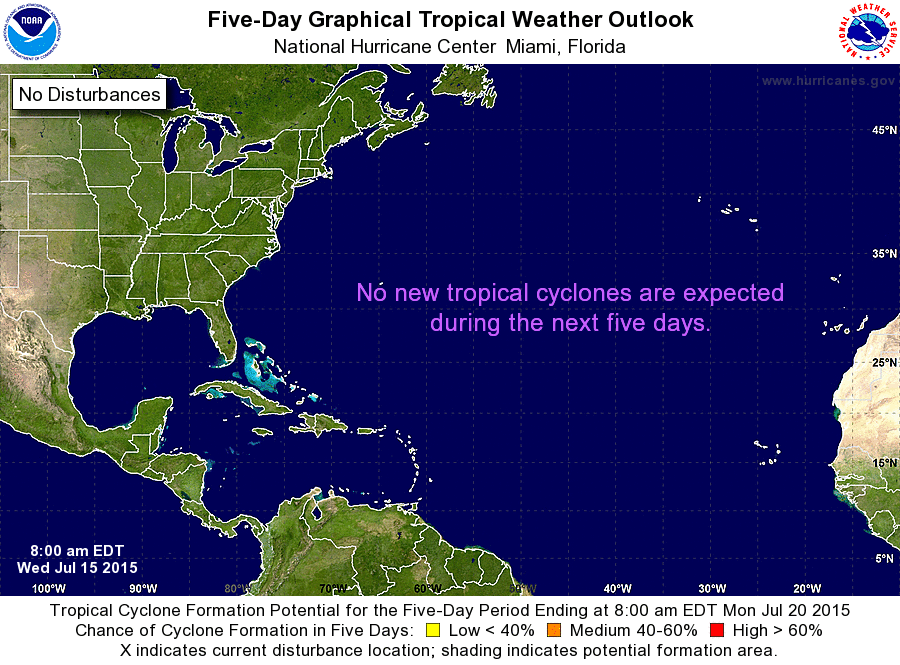
For the North Atlantic...Caribbean Sea and the Gulf of Mexico:

Tropical cyclone formation is not expected during the next 5 days.

Forecaster Avila